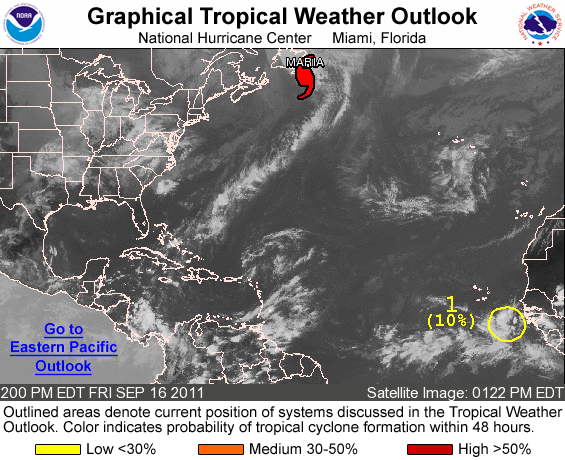
FOR THE NORTH ATLANTIC...CARIBBEAN SEA AND THE GULF OF MEXICO...

THE NATIONAL HURRICANE CENTER IS ISSUING ADVISORIES ON HURRICANE MARIA...LOCATED 40 MILES WEST-SOUTHWEST OF CAPE RACE NEWFOUNDLAND.

1. A LOW PRESSURE SYSTEM HAS FORMED IN ASSOCIATION WITH A TROPICAL WAVE SEVERAL HUNDRED MILES SOUTHEAST OF THE CAPE VERDE ISLANDS. SLOW DEVELOPMENT OF THIS SYSTEM IS POSSIBLE DURING THE NEXT COUPLE OF DAYS AS IT MOVES WESTWARD AT 10 TO 15 MPH. THIS SYSTEM HAS A LOW CHANCE...10 PERCENT...OF BECOMING A TROPICAL CYCLONE DURING THE NEXT 48 HOURS.

ELSEWHERE...TROPICAL CYCLONE FORMATION IS NOT EXPECTED DURING THE NEXT 48 HOURS.

FORECASTER BEVEN